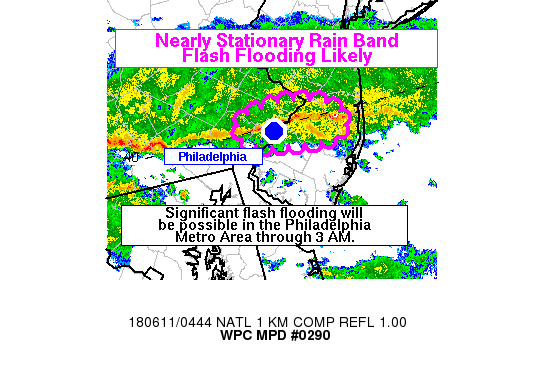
AREAS AFFECTED...PHILADELPHIA METRO AREA

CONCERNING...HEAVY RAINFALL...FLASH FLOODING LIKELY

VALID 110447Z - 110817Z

SUMMARY...A HEAVY RAIN BAND WAS NEARLY STATIONARY OVER THE
PHILADELPHIA METRO AREA AS OF 12:30 AM AND WAS PRODUCING RAIN
RATES OF 1 TO 2 IN/HR. THIS WILL LIKELY LEAD TO FLASH FLOODING
ACROSS THE PHILADELPHIA METRO AREA...WITH SIGNIFICANT FLASH
FLOODING POSSIBLE IN SOME AREAS.

DISCUSSION...A BAND OF HEAVY RAIN WAS BEING FORCED BY A
STRENGTHENING FRONTOGENETIC CIRCULATION. IT ROUGHLY COINCIDED WITH
THE MAXIMUM IN 925-850MB FRONTOGENESIS AND THIS IS PROJECTED TO
MOVE VERY LITTLE THROUGH 06Z (ANOTHER HOUR). AFTER THAT...IT MAY
BEGIN TO DRIFT SLOWLY SOUTH AS A LOW-LEVEL FRONTAL WAVE BEGINS TO
RELOCATE FURTHER SOUTHEAST. THE RAIN BAND SHOULD FOLLOW
SUIT...WHICH LIKELY MEANS ANOTHER COUPLE HOURS OF VERY HEAVY
RAINFALL FOCUSED OVER THE PHILADELPHIA METRO AREA.

SIGNIFICANT RAIN RATES OF 1-2 IN/HR HAVE BEEN ESTIMATED BY MRMS
AND KDIX DUAL POL RADAR...AND THESE SEEM REASONABLE GIVEN SEVERAL
MESONET REPORTS OF AROUND 3 INCHES OF RAIN IN 2 HOURS ON THE NORTH
SIDE OF PHILADELPHIA. THESE KIND OF RATES IN AN URBANIZED AREA ARE
VERY LIKELY TO LEAD TO FLASH FLOODING...AND COULD LEAD TO SOME
POCKETS OF SIGNIFICANT FLASH FLOODING.

HYDROLOGIC RESPONSE IS BEING NOTED ON CREST MODEL MAXIMUM UNIT
STREAMFLOW...WITH VALUES OVER 10 (CAN BE ASSOCIATED WITH MORE
SIGNIFICANT FLOODING) IN THE PHILADELPHIA AREA...AS WELL AS SOME
STREAM GAGES. THE FRANKFORD CREEK AT PHILADELPHIA HAS APPROACHED
MAJOR FLOOD STAGE FROM BASE FLOW IN ROUGHLY TWO HOURS. THIS SORT
OF HYDROLOGIC RESPONSE SHOULD CONTINUE OVER THE NEXT SEVERAL HOURS
AND SIGNIFICANT FLASH FLOODING WILL BE POSSIBLE.